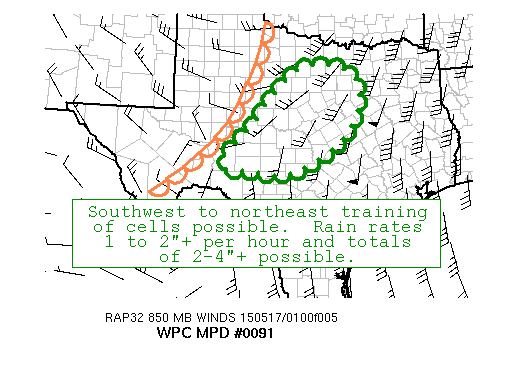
AREAS AFFECTED...TX

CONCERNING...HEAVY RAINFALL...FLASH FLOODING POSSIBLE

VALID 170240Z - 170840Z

SUMMARY...CONVECTION BEGINNING TO INCREASE IN COVERAGE ON THE
SOUTHERN END OF THE ELONGATED ORGANIZED CONVECTION OVER THE
SOUTHERN PLAINS.

DISCUSSION...CONVECTION EXPECTED TO CONTINUE TO INCREASE LATE
SATURDAY NIGHT INTO THE EARLY HOURS OF SUNDAY INTO SOUTH CENTRAL
TEXAS ALONG AND AHEAD OF THE WELL DEFINED DRY LINE.  MUCAPE VALUES
AS PER SPC MESO ANALYSIS AND LATEST RAP GUIDANCE SHOW VALUES IN
EXCESS OF 3000 J/KG AHEAD OF THIS CONVECTION---WHILE PWS IN THIS
AREA CONTINUE TO INCREASE AS PER LATEST GPS PW IMAGERY---WITH
VALUES UPWARD TO 1.5 TO 2 STANDARD DEVIATIONS ABOVE THE MEAN BY
EARLY SUNDAY MORNING.

WHILE THE ELONGATED CONVECTION ACROSS THE CENTRAL TO SOUTHERN
PLAINS IS FAIRLY PROGRESSIVE FROM OKLAHOMA NORTHEASTWARD IN
RESPONSE TO THE NORTH NORTHEAST PUSH OF STRONG HEIGHT FALLS ACROSS
THESE AREAS---THE FORWARD SPEED IS EXPECTED TO BE LESS ON THE
SOUTHERN END ACROSS CENTRAL TEXAS WHERE LITTLE IN THE WAY OF
HEIGHT FALLS IS EXPECTED.  LITTLE MOVEMENT EVIDENT TO THE DRY LINE
AS PER LATEST SURFACE OBSERVATIONS OVER THE SOUTHERN PLAINS--WITH
THE STRONG CONVERGENCE AXIS ALONG THIS BOUNDARY NOT EXPECTED TO
MOVE APPRECIABLY OVER THE NEXT SEVERAL HOURS.  CONVECTION MAY
BECOME ORIENTED PARALLEL TO THE MOIST SOUTHWEST LOW LEVEL FLOW
ACROSS THIS REGION AND PARALLEL TO THIS DRY LINE--SUPPORTING
POTENTIAL FOR A PERIOD OF SLOW MOVING OR TRAINING OF CELLS IN A
SOUTHWEST TO NORTHEASTERLY DIRECTION.  THERE IS A CLEAR SIGNAL IN
THE LATEST HI RES GUIDANCE IN THE PERIOD FROM 0000 TO 1200 UTC FOR
LOCALLY VERY HEAVY RAINFALL AMOUNTS OF 2-4"+. THIS WILL INCREASE
THE RISK THIS PERIOD OF RUNOFF ISSUES ACROSS CENTRAL TEXAS IN
AREAS OF TRAINING.